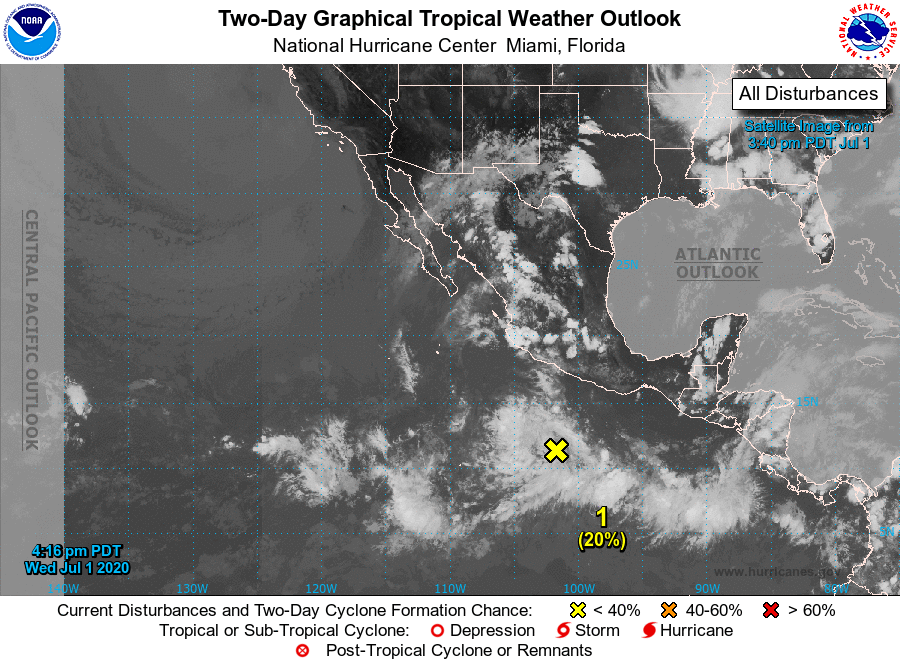
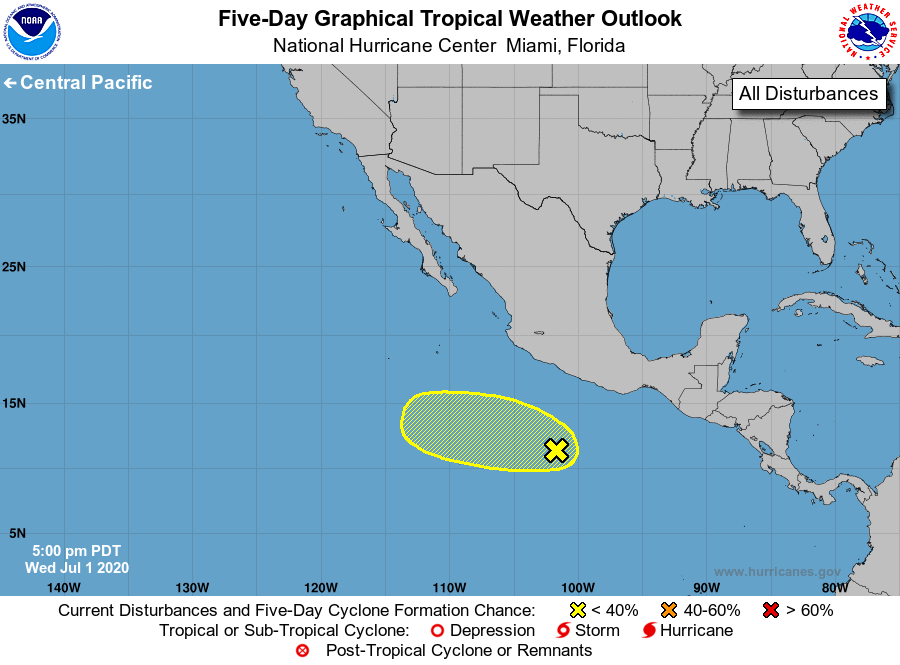
For the eastern North Pacific...east of 140 degrees west longitude:

1. A large area of cloudiness and thunderstorms located a few hundred miles south of the southern coast of Mexico is associated with a broad area of low pressure. Some gradual development of this system is possible over the next few days while it moves west-northwestward at around 10 mph.
* Formation chance through 48 hours...low...20 percent.
* Formation chance through 5 days...low...30 percent.

Forecaster Brown